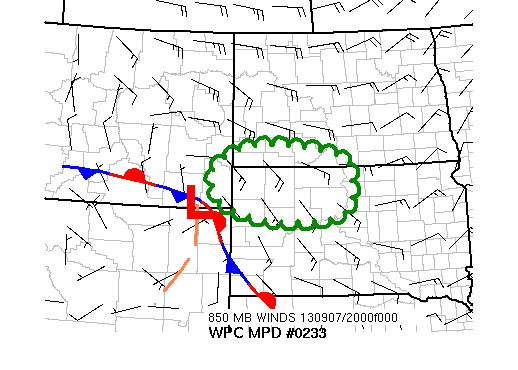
AREAS AFFECTED...EXTREME SOUTHEAST MT...SOUTHERN
ND...NORTHERWESTERN SD

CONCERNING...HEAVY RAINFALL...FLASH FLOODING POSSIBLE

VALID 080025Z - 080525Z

SUMMARY...SCATTERED TO NUMEROUS SHOWERS AND THUNDERSTORMS WITH
VERY HEAVY RAINFALL ARE EXPECTED TO INCREASE OVER THE NEXT SEVERAL
HOURS ACROSS EXTREME SOUTHEAST MONTANA AND MOVE EASTWARD ACROSS
PARTS OF SOUTHWESTERN ND AND NORTHWESTERN SD, BRINGING THE
POTENTIAL FOR LOCALIZED FLASH FLOODING.

DISCUSSION...LATEST SATL AND RADAR IMAGERY HAS SHOWN A RAPID
INCREASE IN TSTMS ACRS PARTS OF SE MT MOVING INTO SW ND/NW SD IN
RESPONSE TO STRONG AFTN HEATING TO THE NORTH OF WEAK STATIONARY
FRONT LOCATED TO THE SOUTH OF THE AREA.  THESE STORMS SHOULD
CONTINUE TO FIRE ALONG FAVORABLE SELY LOW LEVEL FLOW FEEDING OFF
OF MIXED LAYER CAPES OF 1500 J/KG NEAR AND JUST NORTH OF THE
BNDRY.   MODEL AND OBSERVED CAPES OF OVER 1.5 INCHES NOTED ACRS
THE AREA ARE WELL ABOVE 90TH PERCENTILE OF CLIMO NORMALS AND WILL
LIKELY SUPPORT OF VERY HEAVY RAINFALL RATES.  HAVE ALREADY SEEN AN
UPSTREAM REPORT OF 1.5 INCHES IN 20 MINUTES OVER SE MT INDICATING
HIGH POTNL FOR SOME SHORT TERM HEAVY RAINFALL RATES AS STORMS
CONTINUE TO BUILD EASTWARD OVER THE NEXT SEVERAL HOURS.   WHILE
CORFIDI VECTORS SUGGEST ANY MCS THAT DVLPS SHOULD BE RATHER
PROGRESSIVE...THE LATEST HRRR GUIDANCE SUGGESTS LOCAL 1 TO 1.5
INCH PLUS AMOUNTS WILL BE PSBL IN SOME SPOTS WHICH WOULD LIKELY
APPROACH OR PSBLY EXCEED SOME OF THE LOWER FF GUIDANCE VALUES OVER
THE AREA.